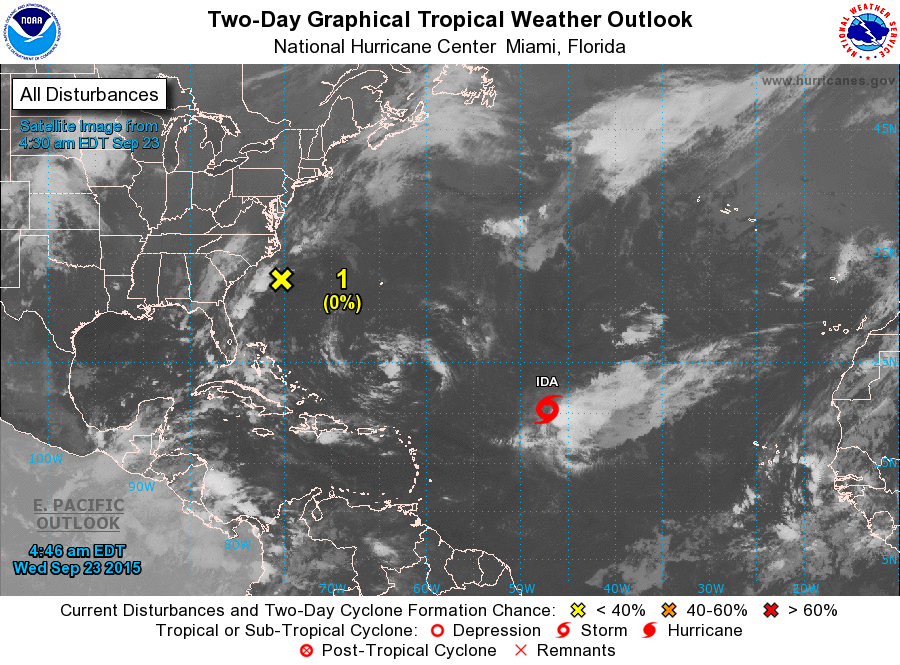
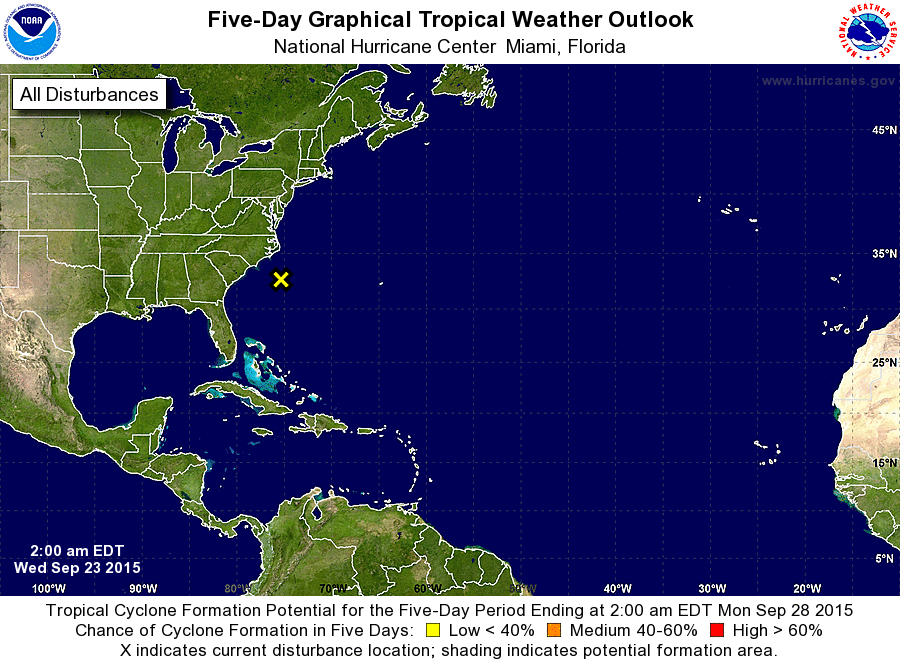
For the North Atlantic...Caribbean Sea and the Gulf of Mexico:

The National Hurricane Center is issuing advisories on Tropical Storm Ida, located about 1000 miles east-northeast of the northern Leeward Islands.

1. An elongated area of low pressure centered a couple of hundred miles south of Cape Hatteras, North Carolina, continues to produce disorganized showers and a few thunderstorms. This system is forecast to move slowly west-southwestward and reach the coasts of Georgia and South Carolina in a couple of days, but development is not expected before that time due to unfavorable upper-level winds. For additional information on this system, see products from your local National Weather Service office and High Seas Forecasts issued by the National Weather Service.
* Formation chance through 48 hours...low...near 0 percent
* Formation chance through 5 days...low...near 0 percent

High Seas Forecasts issued by the National Weather Service can be found under AWIPS header NFDHFSAT1, WMO Header FXNT01 KWBC, and on the Web at http://www.opc.ncep.noaa.gov/shtml/NFDHSFAT1.shtml.

Forecaster Berg